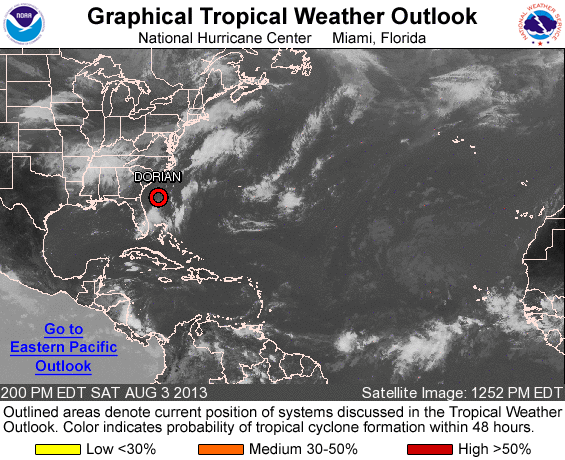
FOR THE NORTH ATLANTIC...CARIBBEAN SEA AND THE GULF OF MEXICO...

THE NATIONAL HURRICANE CENTER IS ISSUING ADVISORIES ON TROPICAL DEPRESSION DORIAN LOCATED OVER THE WESTERN ATLANTIC...MOVING AWAY FROM THE UNITED STATES SOUTHEAST COAST.

ELSEWHERE...TROPICAL STORM FORMATION IS NOT EXPECTED DURING THE NEXT FIVE DAYS.

&&
PUBLIC ADVISORIES ON TROPICAL DEPRESSION DORIAN ARE ISSUED UNDER WMO HEADER WTNT34 KNHC AND UNDER AWIPS HEADER MIATCPAT4. FORECAST/ADVISORIES ARE ISSUED UNDER WMO HEADER WTNT24 KNHC AND UNDER AWIPS HEADER MIATCMAT4.

FIVE-DAY FORMATION PROBABILITIES ARE EXPERIMENTAL IN 2013. COMMENTS ON THE EXPERIMENTAL FORECASTS CAN BE PROVIDED AT...

HTTP://WWW.NWS.NOAA.GOV/SURVEY/NWS-SURVEY.PHP?CODE=ETWO

FORECASTER AVILA